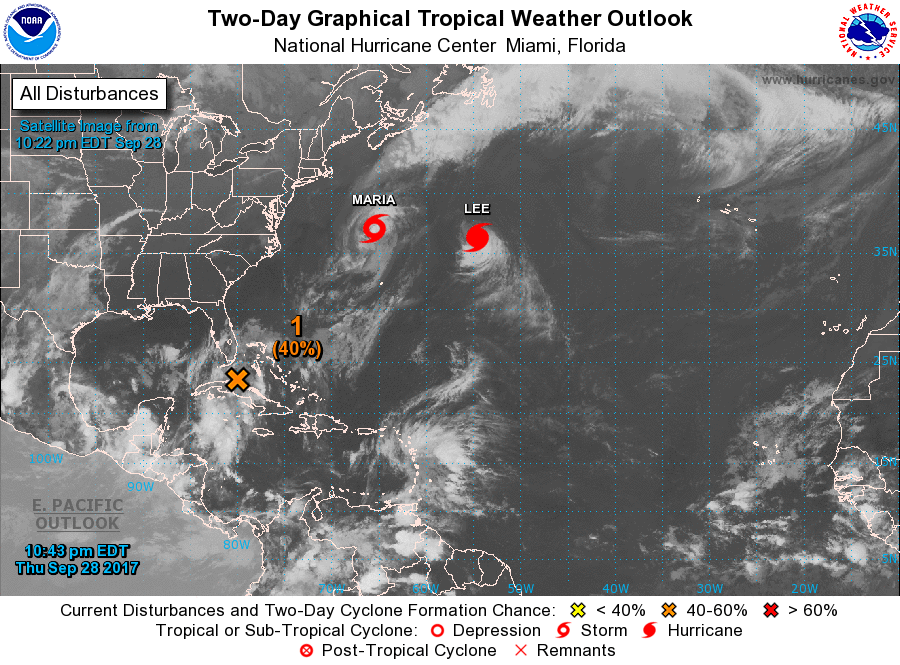
For the North Atlantic...Caribbean Sea and the Gulf of Mexico:

The National Hurricane Center is issuing advisories on Tropical Storm Maria, located over the western Atlantic Ocean a few hundred miles west-northwest of Bermuda, and on Hurricane Lee, located over the central Atlantic Ocean several hundred miles east-northeast of Bermuda.

1. A large area of cloudiness and showers extending from the northwestern Caribbean Sea northward across Cuba to the Florida Straits is associated with a broad surface trough interacting with an upper-level low. A weak area of low pressure is likely to form from this weather system near the Florida Straits on Friday, and it is forecast to move northward near the east coast of the Florida Peninsula through Saturday. Environmental conditions appear to be conducive for some development during the next couple of days, before upper-level winds become less favorable on Sunday. Regardless of development, this system is likely to produce locally heavy rainfall over portions of central and western Cuba, the Florida Keys, the Florida peninsula, and the northwestern Bahamas during the next several days.
* Formation chance through 48 hours...medium...40 percent.
* Formation chance through 5 days...medium...50 percent.

Forecaster Brown